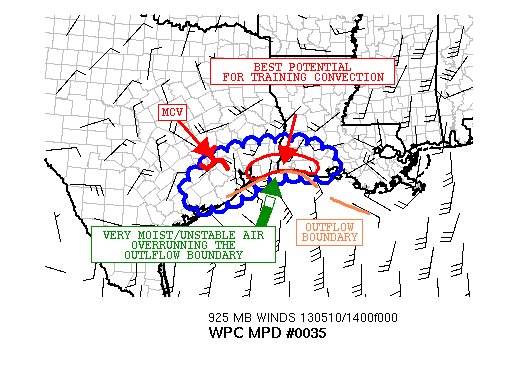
AREAS AFFECTED...EXTREME SOUTHEAST TX...SOUTHWEST LA

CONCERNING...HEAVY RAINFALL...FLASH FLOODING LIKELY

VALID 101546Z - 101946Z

SUMMARY..FLASH FLOOD POTENTIAL IS EXPECTED TO INCREASE OVER THE
NEXT FEW HOURS AS AN APPROACHING CONVECTIVE COMPLEX MOVES OVER
SATURATED SOILS.

DISCUSSION...LATEST IR/VIS SATELLITE IMAGERY SHOWS A STRENGTHENING
MCS MOVING INTO EXTREME SOUTHEAST TX AND APPROACHING EXTREME
SOUTHWEST LA. PORTIONS OF THESE AREAS RECEIVED VERY HEAVY RAINFALL
AMOUNTS OVER THE LAST 12 HOURS FROM AN EARLIER MCS...AND THEREFORE
SOILS ARE NEARLY SATURATED. THIS LATEST MCS HAS A FAIRLY
WELL-DEFINED CONVECTIVE VORT WHICH IS SEEN HELPING TO ENHANCE THE
SOUTHERLY LOW LEVEL WARM/MOISTURE TRANSPORT INTO THE REGION. THIS
MOIST/UNSTABLE AIR IS SEEN OVERRUNNING AN OUTFLOW BOUNDARY THAT IS
SITUATED NEAR THE WESTERN GULF COAST AND HAD BEEN LAID DOWN FROM
THE EARLIER AFOREMENTIONED MCS. DYNAMICS ASSOCIATED WITH THE
CURRENT MCS AND INTERACTION WITH THE OUTFLOW BOUNDRY SHOULD FOSTER
AN AXIS OF VERY STRONG CONVECTION...THAT WILL HAVE POTENTIAL TO
TRAIN FOR THE NEXT SEVERAL HOURS INVOF THE UPPER TX COAST AND INTO
EXTREME SOUTHWEST LA. LATEST GOES-SOUNDER PWATS ARE ON THE ORDER
OF 1.7 TO 1.8 INCHES AND THIS WILL FOSTER RAINFALL RATES OF 2 TO 3
INCHES PER HOUR. GIVEN THIS AND POTENTIAL FOR TRAINING CONVECTION
...EXPECT AN ENHANCED THREAT FOR FLASH FLOODING.